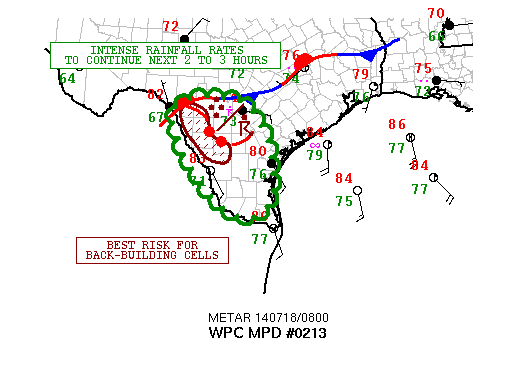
AREAS AFFECTED...SOUTHERN TX

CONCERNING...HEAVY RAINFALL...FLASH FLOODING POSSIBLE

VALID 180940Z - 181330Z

SUMMARY...A SLOW-MOVING CLUSTER OF INTENSE THUNDERSTORMS CONTINUES
OVER PORTIONS OF SOUTHERN TX. INTENSE RAINFALL RATES WILL CONTINUE
TO FOSTER THE POTENTIAL FOR FLASH FLOODING THE NEXT COUPLE OF
HOURS.

DISCUSSION...THE LATEST IR SAT IMAGERY SHOWS VERY COLD CLOUDS TOPS
IN ASSOC WITH WHAT IS ESSENTIALLY A SLOW-MOVING MCS OVER PARTS OF
SOUTHERN TX. MOST OF THE ACTIVITY IS FOCUSED GENERALLY SOUTH OF A
LINE FROM KSAT TO KHDO TO NEAR KUVA. THE CONVECTION IS FOCUSED
NEAR A WELL-DEFINED FRONTAL ZONE AND IS BEING SUPPORTED BY THE
TRANSPORT OF MOIST/UNSTABLE AIR UP THE LWR RIO GRANDE VLY. WV
IMAGERY ALSO SUGGESTS FAIRLY DIV FLOW ALOFT RIGHT NOW TOO WHICH IS
YIELDING SOME LARGER SCALE ASCENT.

THERE IS SOME POTENTIAL FOR SOME ADDITIONAL BACK-BUILDING OF THIS
CONVECTION LOCALLY FOR A COUPLE MORE HOURS...AND RAINFALL RATES IN
THE SHORT-TERM SHOULD CONTINUE TO BE VERY INTENSE AND AS HIGH AS 3
TO 4 INCHES/HR. SO SOME POTENTIAL FOR FLASH FLOODING STILL EXISTS.

HOWEVER...THE LATEST HI-RES MODEL GUIDANCE GENERALLY SUPPORTS THE
ACTIVITY WEAKENING AFTER 12Z...WITH THERMODYNAMICS BECOMING A BIT
LESS FAVORABLE FOR SUSTAINABLE CONVECTION WITH TIME. WILL CONTINUE
TO MONITOR.